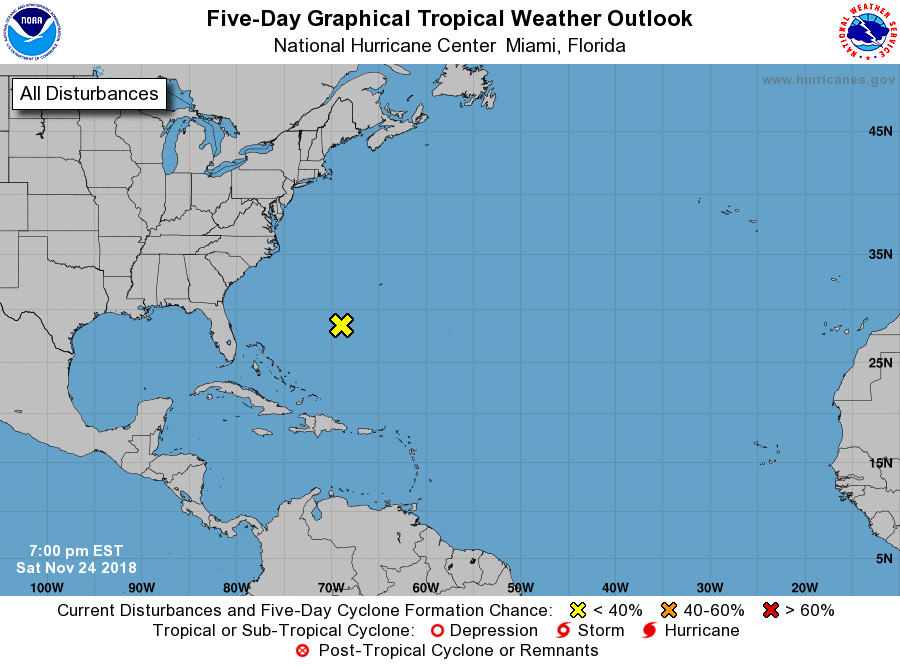
For the North Atlantic...Caribbean Sea and the Gulf of Mexico:

1. A low pressure system located over the western Atlantic about 400 miles southwest of Bermuda is forecast to become a powerful non-tropical cyclone on Sunday. Conditions are not expected to be conducive for subtropical development while the low moves quickly northeastward to east-northeastward during the next few days. Although subtropical development is not anticipated, the system is expected to produce gale-force winds over portions of the western Atlantic today and tomorrow. The low is then forecast to intensify further and could produce winds up to hurricane-force over portions of the central Atlantic by early next week. Additional information on this system can be found in High Seas Forecasts issued by the National Weather Service.
* Formation chance through 48 hours...low...near 0 percent.
* Formation chance through 5 days...low...near 0 percent.

High Seas Forecasts issued by the National Weather Service are issued under AWIPS header NFDHSFAT1, WMO header FZNT01 KWBC, and are available on the Web at https://ocean.weather.gov/shtml/NFDHSFAT1.shtml.

Forecaster Stewart